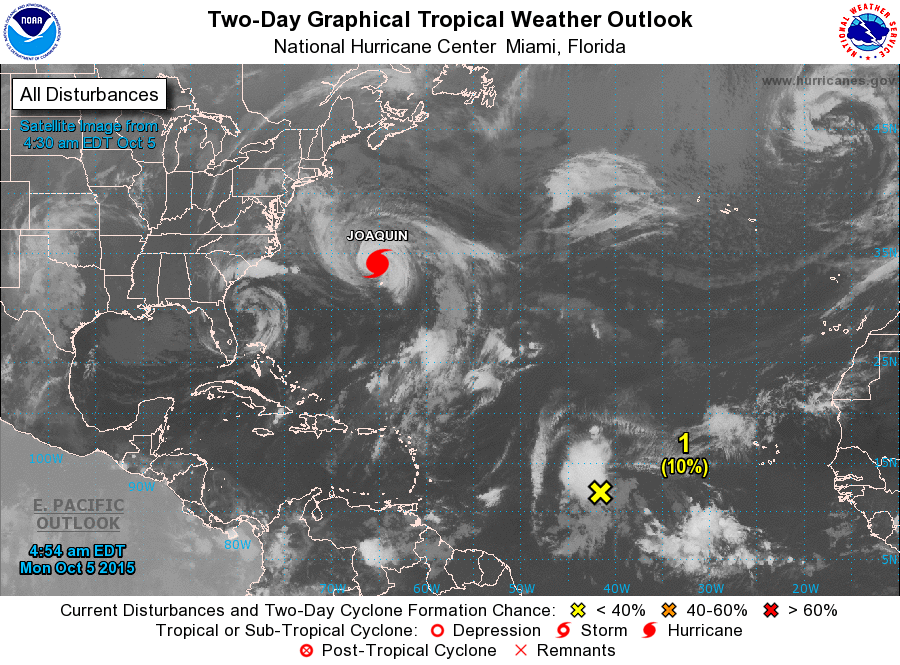
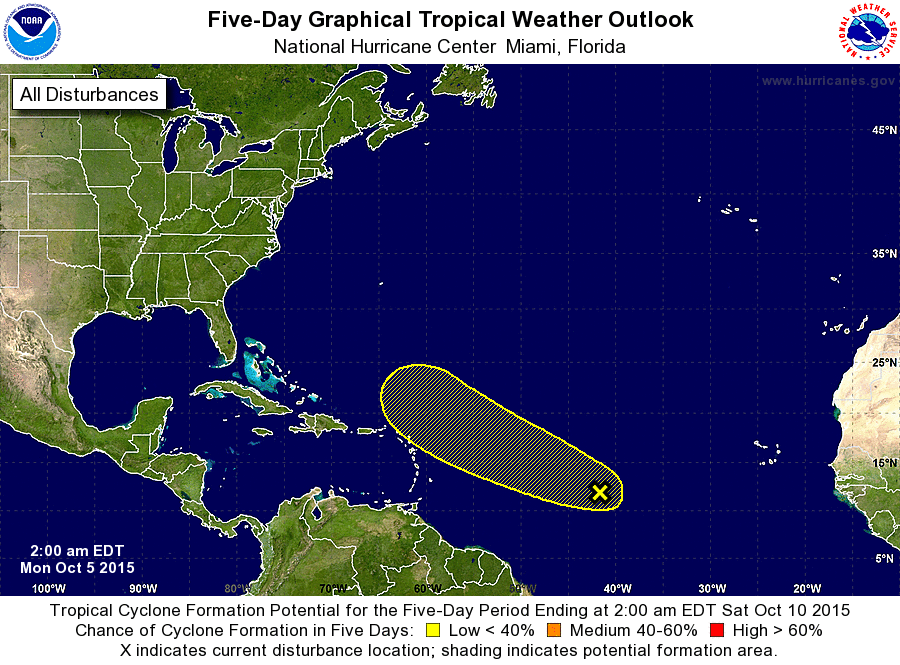
For the North Atlantic...Caribbean Sea and the Gulf of Mexico:

The National Hurricane Center is issuing advisories on Hurricane Joaquin, located about 100 miles northwest of Bermuda.

1. A broad low pressure area located about midway between the Cape Verde Islands and the Lesser Antilles is producing a large area of disorganized showers and thunderstorms. Upper-level winds are not particularly conducive for tropical cyclone formation, and any development of this system should be slow to occur during the next several days while it moves west-northwestward at about 15 mph.
* Formation chance through 48 hours...low...10 percent
* Formation chance through 5 days...low...30 percent

Forecaster Brown